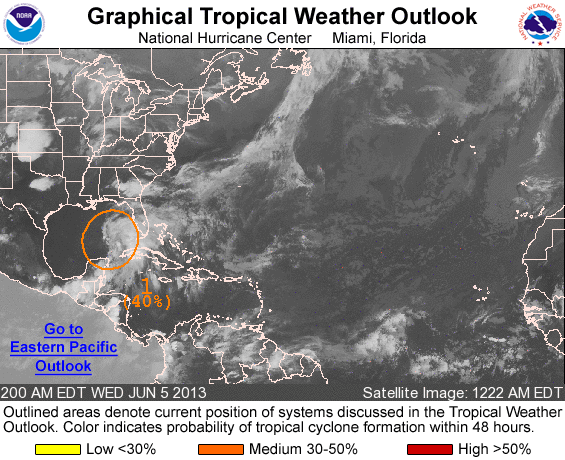
FOR THE NORTH ATLANTIC...CARIBBEAN SEA AND THE GULF OF MEXICO...

1. SHOWERS AND THUNDERSTORMS LOCATED WELL TO THE EAST AND SOUTHEAST OF A BROAD AREA OF LOW PRESSURE OVER THE CENTRAL GULF OF MEXICO HAVE CHANGED LITTLE IN ORGANIZATION OVER THE PAST FEW HOURS. ENVIRONMENTAL CONDITIONS COULD BECOME A LITTLE MORE CONDUCIVE FOR DEVELOPMENT DURING THE NEXT DAY OR TWO BEFORE THE LOW INTERACTS WITH AN UPPER-LEVEL TROUGH. THIS SYSTEM HAS A MEDIUM CHANCE...40 PERCENT...OF BECOMING A SUBTROPICAL OR TROPICAL CYCLONE DURING THE NEXT 48 HOURS AS IT MOVES SLOWLY NORTHWARD ON WEDNESDAY AND BEGINS TO MOVE MORE QUICKLY NORTHEASTWARD ON THURSDAY. REGARDLESS OF DEVELOPMENT...LOCALLY HEAVY RAINS ARE LIKELY TO CONTINUE OVER THE NORTHEASTERN YUCATAN PENINSULA...CENTRAL AND WESTERN CUBA...AS WELL AS THE FLORIDA KEYS AND THE FLORIDA PENINSULA DURING THE NEXT FEW DAYS.

ADDITIONAL INFORMATION ON THIS SYSTEM CAN BE FOUND IN HIGH SEAS FORECASTS ISSUED BY THE NATIONAL WEATHER SERVICE...AND IN PRODUCTS ISSUED BY YOUR LOCAL NATIONAL WEATHER SERVICE OFFICE OR NATIONAL METEOROLOGICAL SERVICE.

ELSEWHERE...TROPICAL CYCLONE FORMATION IS NOT EXPECTED DURING THE NEXT 48 HOURS.

&&
HIGH SEAS FORECASTS ISSUED BY THE NATIONAL WEATHER SERVICE CAN BE FOUND UNDER AWIPS HEADER NFDHSFAT1 AND WMO HEADER FZNT01 KWBC.

FORECASTER BRENNAN